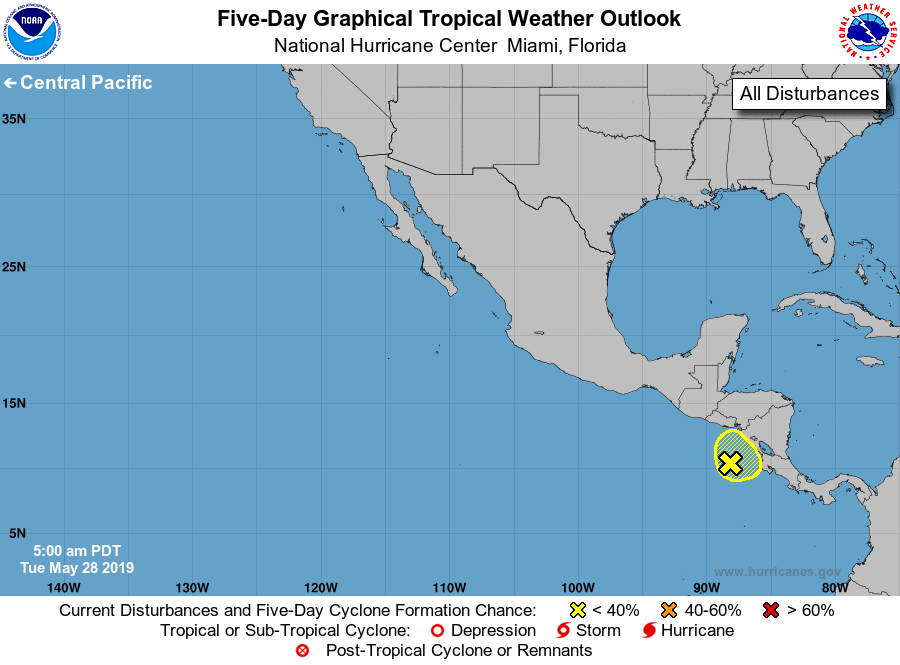
For the eastern North Pacific...east of 140 degrees west longitude:

1. A weak area of low pressure over the far eastern Pacific continues to produce showers and thunderstorms over portions of Costa Rica, Nicaragua, and the adjacent Pacific waters. Significant development of this system appears unlikely before it moves inland over Central America over the next day or so. Regardless of development, locally heavy rains are likely to continue over portions of Central America and southern Mexico during the next several days. These rains could cause flash flooding and mudslides in areas of mountainous terrain.
* Formation chance through 48 hours...low...10 percent.
* Formation chance through 5 days...low...10 percent.

Forecaster Latto/Cangialosi